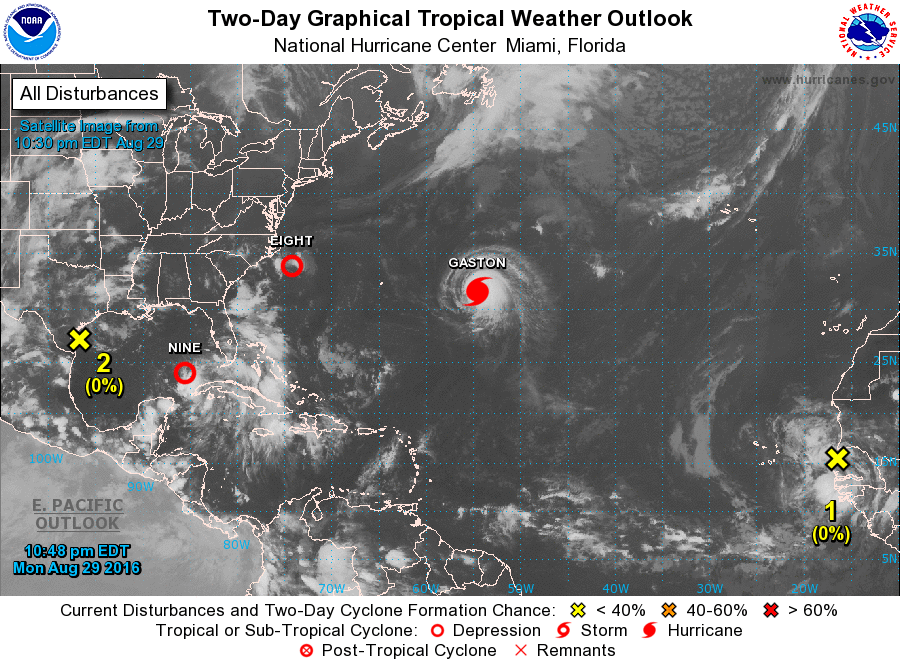
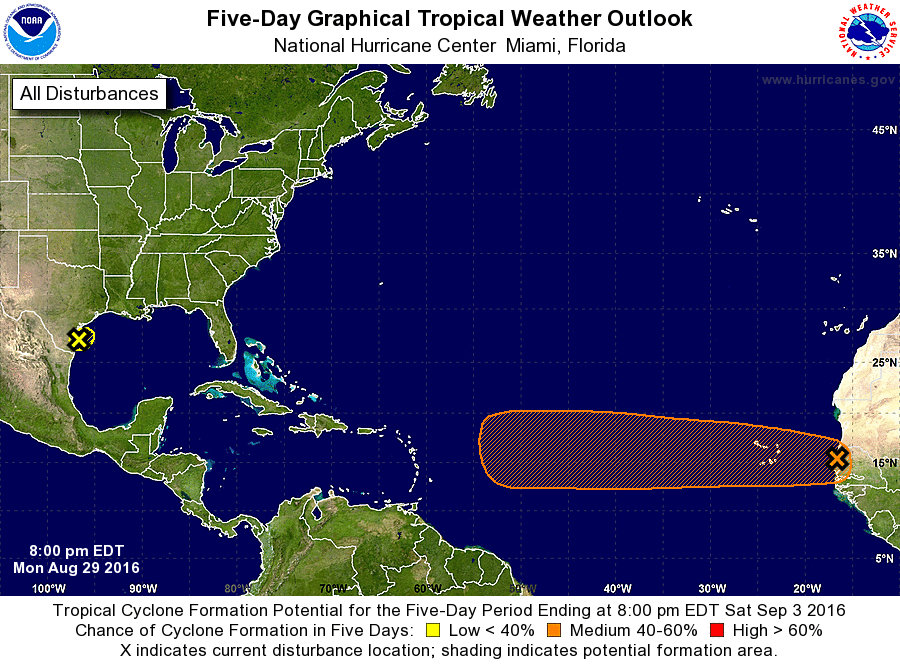
For the North Atlantic...Caribbean Sea and the Gulf of Mexico:

The National Hurricane Center is issuing advisories on Hurricane Gaston, located east of Bermuda, on Tropical Depression Eight, located southeast of Cape Hatteras, North Carolina, and on Tropical Depression Nine, located over the extreme southeastern Gulf of Mexico.

1. A weak area of low pressure, associated with a tropical wave, is moving off the coast of Senegal in western Africa. Environmental conditions are expected to be favorable for gradual development of this system later this week while it moves westward at 15 to 20 mph over the eastern and central tropical Atlantic.
* Formation chance through 48 hours...low...near 0 percent
* Formation chance through 5 days...medium...50 percent

2. A weak trough of low pressure located just offshore of the south-central coast of Texas is producing disorganized shower activity over the northwestern Gulf of Mexico and adjacent coastal areas. Proximity to land and only marginally favorable upper-level winds are expected to inhibit development while the system drifts southwestward during the next day or so. For additional information on the rainfall associated with this system, please see products from your local National Weather Service office.
* Formation chance through 48 hours...low...near 0 percent
* Formation chance through 5 days...low...near 0 percent

Forecaster Stewart